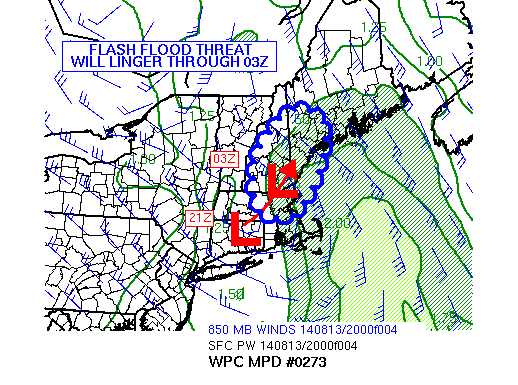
AREAS AFFECTED...ERN MA AND NH INTO SWRN ME

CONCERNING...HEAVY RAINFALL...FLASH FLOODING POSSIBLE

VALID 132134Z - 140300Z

SUMMARY...DESPITE DIMINISHING MOISTURE...FLASH FLOODING REMAINS A
CONCERN FROM ERN MASSACHUSETTS INTO MUCH OF NEW HAMPSHIRE AND SWRN
MAINE INTO EARLY TONIGHT. HOURLY RAINFALL OF 1-2 IN/HR WILL BE
POSSIBLE WITH TRAINING OF CELLS ALLOWING FOR 2 TO 4 INCHES LOCALLY.

DISCUSSION...AT 21Z...A RELATIVELY NARROW ZONE OF PRECIPITABLE
WATER EXCEEDING 1.5 INCHES AND 850 MB FLOW OF ROUGHLY 40 KTS
REMAINED IN PLACE OUT AHEAD OF A SURFACE LOW ANALYZED IN
CONNECTICUT BETWEEN HFD AND IJD. A CONVERGENCE ZONE OR WEAK
COASTAL FRONT EXTENDING NORTHEAST FROM THE LOW INTO SRN NEW
HAMPSHIRE AND WAS HELPING TO FOCUS LIFT AND HEAVY RAINFALL DUE TO
THE MODEST ONSHORE FLOW ALONG WITH SOME OROGRAPHIC ENHANCEMENT.
OBSERVED HOURLY RAINFALL RATES HAVE TOPPED OFF NEAR 1.5 IN/HR WITH
CONTINUED WARM RAIN PROCESSES AND WILL LIKELY CONTINUE THROUGH THE
REMAINDER OF THE EVENING.

AS A NEGATIVELY TILTED UPPER TROUGH AXIS CONTINUES TO SWING ACROSS
SRN NEW ENGLAND OVER THE NEXT SEVERAL HOURS...THE SURFACE LOW IN
CONNECTICUT WILL LIKELY TRACK ALONG THE CONVERGENCE AXIS INTO SERN
NEW HAMPSHIRE BY 03Z WHILE A ZONE OF 40-50 KTS 850 MB FLOW AND 1.5
INCH PRECIPITABLE WATER VALUES CLIPS COASTAL SECTIONS OF NEW
HAMPSHIRE AND SWRN MAINE. WHILE THE THREAT FOR FLASH FLOODING
CONTINUES TO DECREASE WITH THE DEEPEST MOISTURE MOVING OFF OF THE
CAPE PER RECENT BLENDED TPW IMAGERY...TRAINING OF HEAVY RAIN CELLS
OVER THE OUTLOOK AREA WILL CONTINUE A FLASH FLOOD THREAT THROUGH
03Z AT WHICH POINT THE DEEPEST MOISTURE WILL HAVE BEEN DISPLACED
EWD.